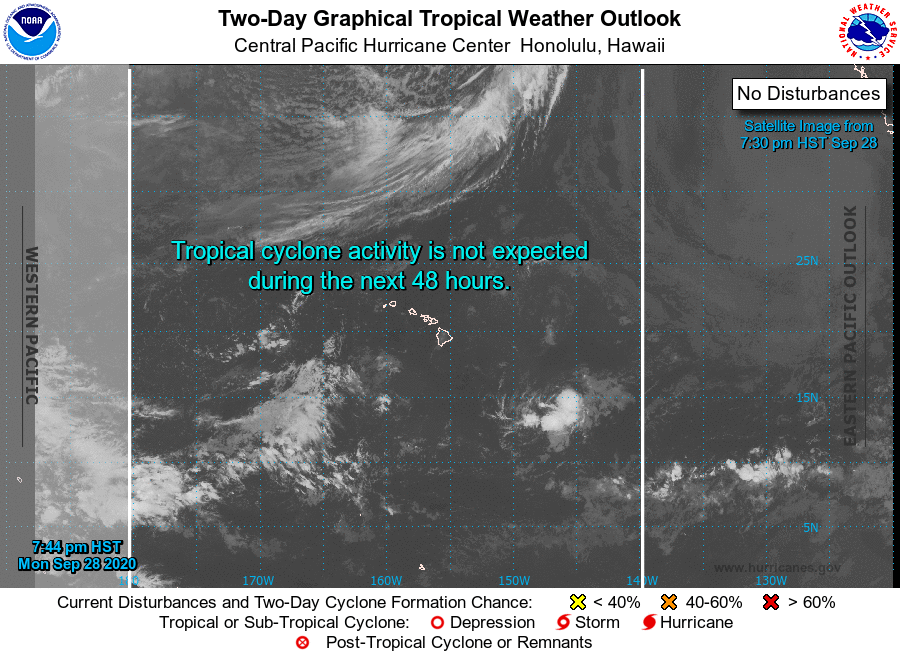
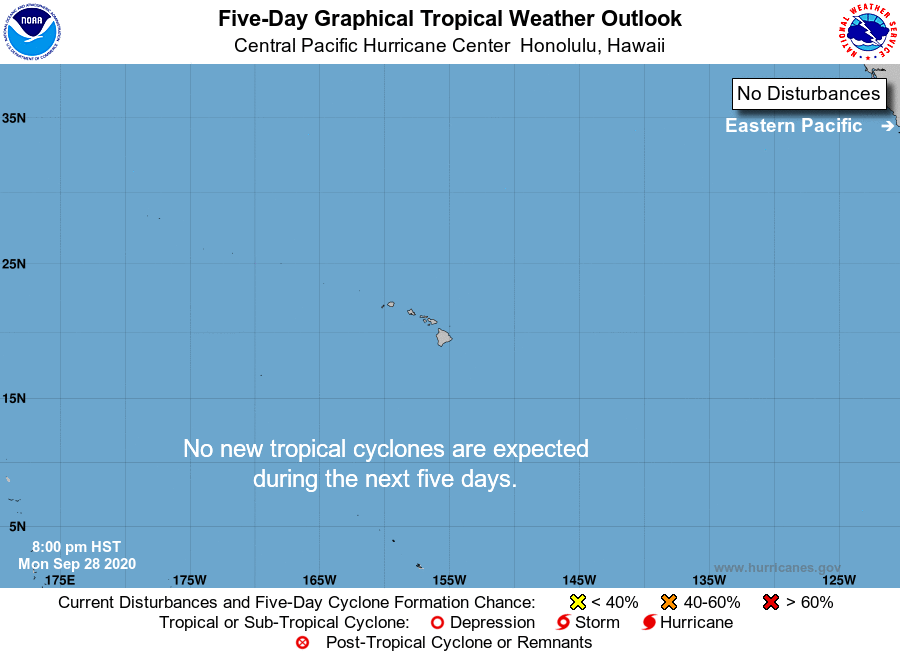
For the central North Pacific...between 140W and 180W:

No tropical cyclones are expected during the next 5 days.

Forecaster Gibbs